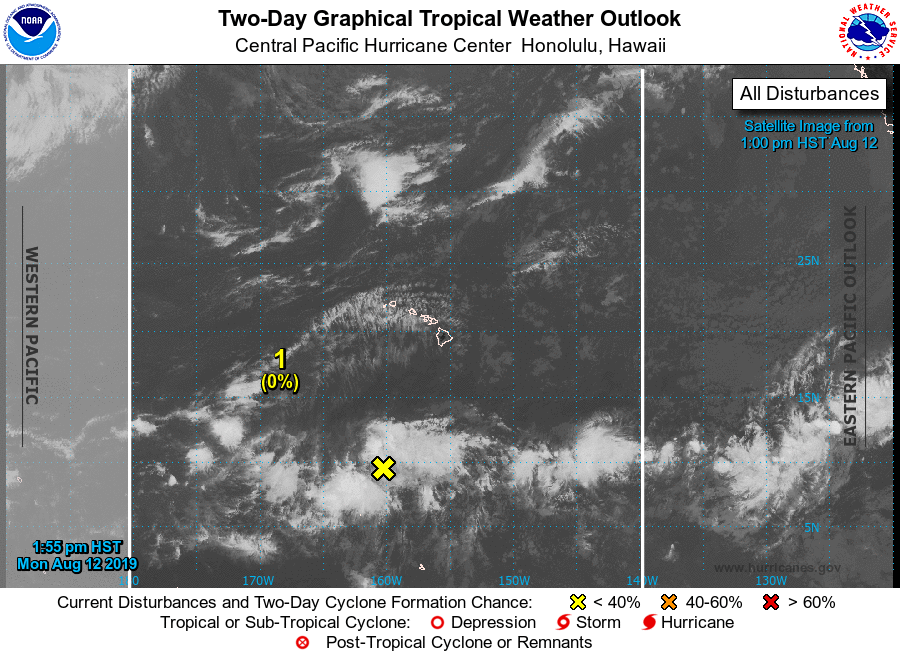
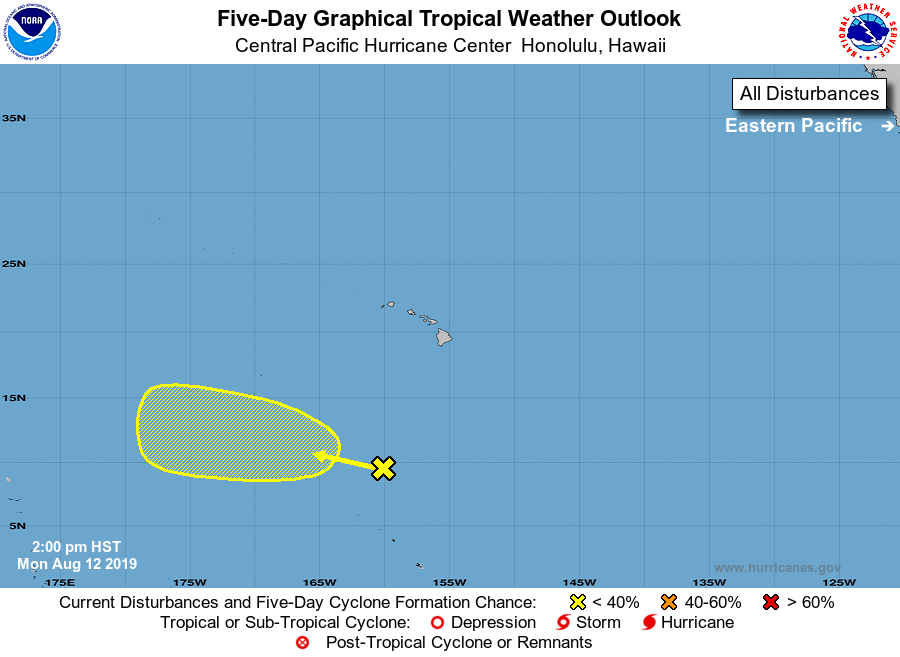
For the central North Pacific...between 140W and 180W:

1. A disorganized area of showers and thunderstorms located several hundred miles south of Hawaii is associated with a trough of low pressure. Environmental conditions are expected to gradually become more conducive for development through the week as it moves west to west-northwest at 10 to 15 mph.
* Formation chance through 48 hours...low...near 0 percent.
* Formation chance through 5 days...low...30 percent.

Elsewhere, no tropical cyclones are expected during the next 5 days.

Forecaster Kino